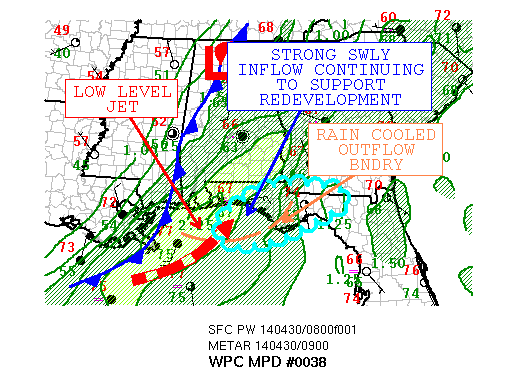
AREAS AFFECTED...FL PANHANDLE...SOUTHWESTERN GA

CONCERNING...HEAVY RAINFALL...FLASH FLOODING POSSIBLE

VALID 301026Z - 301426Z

SUMMARY...HEAVY RAINFALL THREAT HAS COME TO AN END ACROSS SOUTHERN
AL/MS AS THE COLD FRONT AND PRECEDING AXIS OF STRONG SOUTHWESTERLY
INFLOW HAS BEGUN TO SHIFT EAST.  HOWEVER...THE HEAVY/EXCESSIVE
RAINFALL THREAT IS EXPECTED TO CONTINUE FOR A FEW MORE HOURS
ACROSS PORTIONS OF THE FL PANHANDLE AND SOUTHWESTERN GA.

DISCUSSION...RADAR IMAGERY CONTINUES TO SHOW THE EASTERN ADVANCE
OF HEAVY RAINS ACROSS THE FL PANHANDLE AND SOUTHWESTERN GA.
HOWEVER...REDEVELOPMENT CONTINUES BACK ALONG THE WESTERN
FLANK...SUPPORTED BY PERSISTENT SOUTHWESTERLY INFLOW AHEAD OF THE
FRONTAL BAND.  PWS REMAIN HIGH AHEAD OF THE FRONT WITH THE LATEST
MESOANALYSIS INDICATING PWS OF OVER 2 INCHES OVER THE FAR WESTERN
PANHANDLE.  MEANWHILE...ENHANCED UPPER DIVERGENCE ALONG THE
LEFT-EXIT REGION OF THE SUBTROPICAL JET AND STRONG ISENTROPIC LIFT
OVER A RAIN COOLED OUTFLOW BOUNDARY WILL CONTINUE TO ADD SUPPORT
FOR REDEVELOPMENT ALONG THIS WESTERN EDGE.

THE WESTERN EDGE WILL CONTINUE TO ADVANCE EAST ALONG WITH THE COLD
FRONT AND OUT OF AREAS THAT HAVE HAVE ALREADY BEEN INUNDATED WITH
10-15 INCHES OVER PARTS OF SOUTHERN AL AND THE FAR WESTERN
PANHANDLE.  FURTHER TO THE EAST ACROSS THE HIGHLIGHTED AREA...AN
ADDITIONAL 2-4 INCHES CAN BE EXPECTED BEFORE RAINFALL ENDS LATER
THIS MORNING.